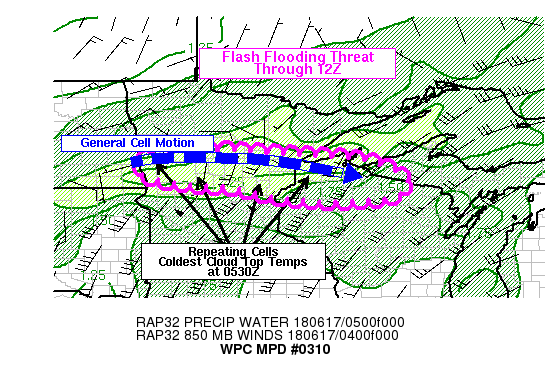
AREAS AFFECTED...NORTHERN MN TO NORTHWEST WI

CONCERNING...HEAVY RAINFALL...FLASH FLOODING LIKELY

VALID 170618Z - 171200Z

SUMMARY...ON GOING FLASH FLOODING FROM NORTHERN MN INTO NORTHWEST
WI WILL CONTINUE THROUGH THE REMAINDER OF THE OVERNIGHT HOURS
BEFORE GRADUALLY TAPERING OFF.

DISCUSSION...CONVECTION WITH RAINFALL RATES OF 1 TO 2 INCHES PER
HOUR HAS BEEN PERSISTENT IN A STRIPE FROM NORTHWEST MN TOWARDS THE
SOUTHERN TIP OF LAKE SUPERIOR AND ON INTO NORTHWEST WI.  THIS AREA
WAS LOCATED NORTH OF AN ELEVATED WARM FRONT.  THINKING IS THAT THE
HEAVY RAIN AND FLASH FLOODING WILL PERSIST PRETTY MUCH ALONG THE
SAME LINE THROUGH 12Z...WITH ONLY A GRADUAL DECREASE IN AREAL
COVERAGE AND RAINFALL INTENSITY LATER.  GOES IR IMAGERY STILL
SHOWED A GRADUAL WARMING OF CLOUD TOP TEMPERATURES NEAR THE
NORTHWEST MN/SOUTHEAST ND BORDER WITH COLDER TEMPS AND MORE
INTENSE RAINFALL TO THE EAST OF THERE.  MANY OF STORMS HAVE BEEN
FORMING AND PROPAGATING ALONG A WELL DEFINED DEWPOINT/THETAE
GRADIENT.

THE HIGH RESOLUTION...CONVECTIVE ALLOWING MODELS SUGGEST ANOTHER 2
INCHES ARE POSSIBLE ACROSS THE FAR NORTHWESTERN PART OF WI.  THIS
AREA IN PARTICULAR WAS MOST VULNERABLE TO FLASH FLOODING GIVEN
HEAVY RAINFALL THERE WITHIN THE PAST 48 HOURS.  WITH CELLS
TRAINING AND MULTIPLE ROUNDS OF CONVECTION...ANY ON GOING FLASH
FLOODING WILL BE WORSENED WITH THE POTENTIAL FOR FLASH FLOODING TO
BEGIN ELSEWHERE.

IN ADDITION...INDUCED WAVES ALONG THE FRONT WILL FOCUS
STORMS/INFLOW WHILE THE PARALLEL ORIENTATION OF THE FLOW ALOFT TO
THAT OF THE FRONT AND CONVECTION FAVORS A THREAT OF CELL TRAINING
AND REPEAT CELLS OVER TIME.